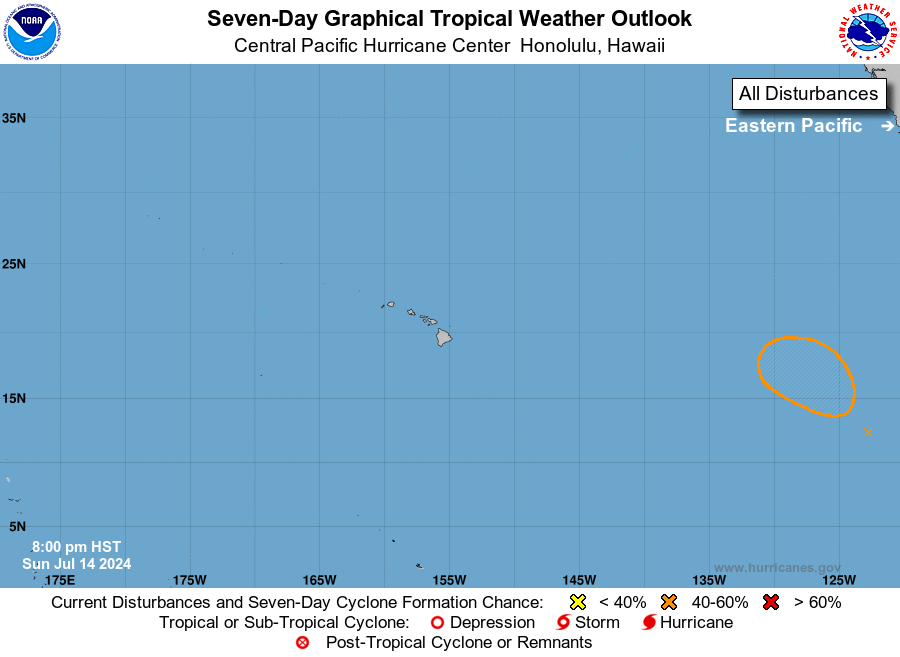
For the central North Pacific...between 140W and 180W:

No tropical cyclones are expected during the next 7 days.

Forecaster Blood